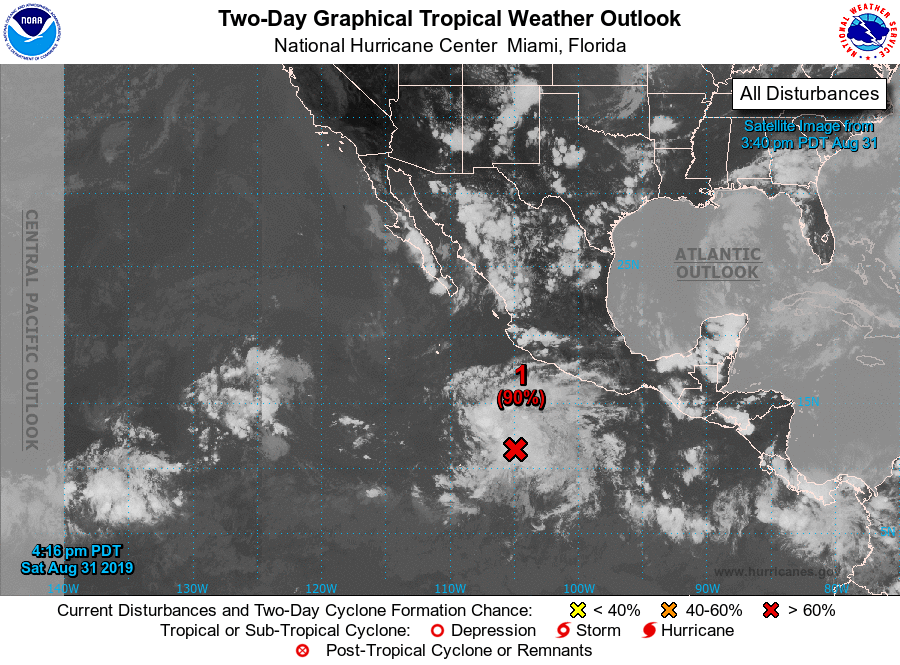
For the eastern North Pacific...east of 140 degrees west longitude:

1. Showers and thunderstorms continue to become better organized in association with a broad area of low pressure located several hundred miles south-southwest of Manzanillo, Mexico. Environmental conditions appear conducive for further development of this system, and a tropical depression is expected to form during the next day or so while the system moves west-northwestward at 10 to 15 mph.
* Formation chance through 48 hours...high...90 percent.
* Formation chance through 5 days...high...90 percent.

Forecaster Cangialosi